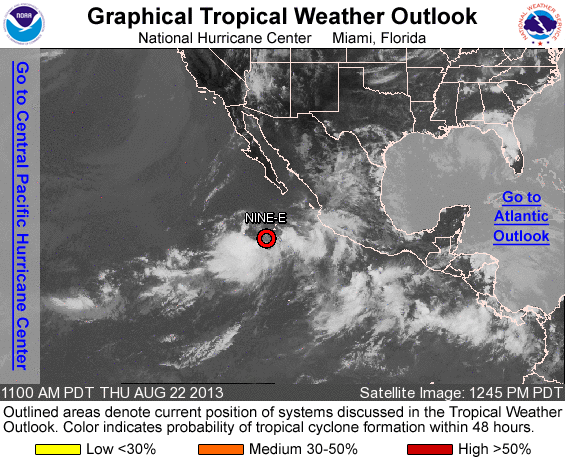
FOR THE EASTERN NORTH PACIFIC...EAST OF 140 DEGREES WEST LONGITUDE..

THE NATIONAL HURRICANE CENTER IS ISSUING ADVISORIES ON NEWLY FORMED TROPICAL DEPRESSION NINE-E...LOCATED SEVERAL HUNDRED MILES SOUTH- SOUTHWEST OF CABO SAN LUCAS MEXICO.

OTHER SYSTEMS WITH FORMATION POTENTIAL BEYOND 48 HOURS...

AN AREA OF LOW PRESSURE COULD FORM SOUTH OF THE SOUTHERN COAST OF MEXICO BY EARLY NEXT WEEK...AND ENVIRONMENTAL CONDITIONS APPEAR CONDUCIVE FOR SOME DEVELOPMENT. THIS SYSTEM HAS A LOW CHANCE...NEAR 0 PERCENT...OF BECOMING A TROPICAL CYCLONE DURING THE NEXT 48 HOURS...AND A LOW CHANCE...20 PERCENT...OF BECOMING A TROPICAL CYCLONE DURING THE NEXT 5 DAYS.

&&
PUBLIC ADVISORIES ON TROPICAL DEPRESSION NINE-E ARE ISSUED UNDER WMO HEADER WTPZ34 KNHC AND UNDER AWIPS HEADER MIATCPEP4. FORECAST/ADVISORIES ARE ISSUED UNDER WMO HEADER WTPZ24 KNHC AND UNDER AWIPS HEADER MIATCMEP4.

FIVE-DAY FORMATION PROBABILITIES ARE EXPERIMENTAL IN 2013. COMMENTS ON THE EXPERIMENTAL FORECASTS CAN BE PROVIDED AT...

HTTP://WWW.NWS.NOAA.GOV/SURVEY/NWS-SURVEY.PHP?CODE=ETWO

FORECASTER PASCH